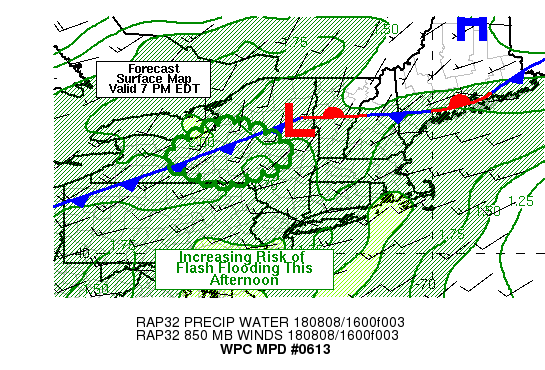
Areas affected...WESTERN AND CENTRAL NEW YORK

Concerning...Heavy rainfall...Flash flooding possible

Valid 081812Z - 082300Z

Summary....Flash flooding is possible this afternoon into early
evening over portions of western and central New York.  There are
indications that the risk will be increasing during the afternoon.

Discussion...Convection should continue to expand this afternoon
over parts of New York as a system makes its way eastward out of
the Great Lakes.  Low level flow is weak and is expected to remain
weak, while a speed maximum at the jet stream level will be
providing a mechanism for deep layered lift aloft.  Surface low
presure moving northeast along a quasi-stationary boundary early
this afternoon will provide a focus for convection.  The front
should become a cold front once low level winds become north and
northwest in response to the surface low...which in turn will
allow the front to also become a focus for convection.

WPC rainfall forecast places the highest amounts during the
afternoon and early evening in areas where Flash Flood Guidance is
in generally in excess of 2 inches per 3 hours...only clipping a
small area of FFG values that are barely an inch located east of
BGM and north of MSV.  Despite the fact that Precipitable Water
values will be approaching or exceeding 1.75 inches, think that
flas flooding will be possible given the slow motion and high
rainfall intensities...but not likely.